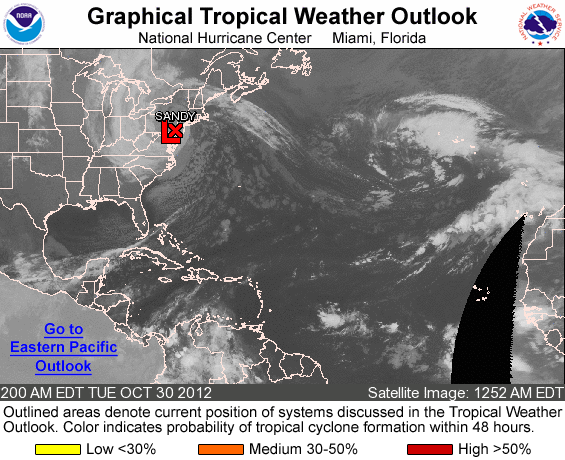
FOR THE NORTH ATLANTIC...CARIBBEAN SEA AND THE GULF OF MEXICO...

THE NATIONAL HURRICANE CENTER HAS ISSUED ITS LAST ADVISORY ON POST-TROPICAL CYCLONE SANDY...NOW LOCATED JUST SOUTH OF LANCASTER PENNSYLVANIA. THE HYDROMETEOROLOGICAL PREDICTION CENTER...HPC... WILL BEGIN ISSUING PUBLIC ADVISORIES ON SANDY AT 500 AM EDT TODAY. HPC PUBLIC ADVISORIES WILL BE ISSUED UNDER THE SAME WMO AND AWIPS HEADERS AS THE NHC PUBLIC ADVISORIES...AND WILL ALSO BE AVAILABLE VIA THE NHC WEBSITE.

ELSEWHERE...TROPICAL STORM FORMATION IS NOT EXPECTED DURING THE NEXT 48 HOURS.

FORECASTER PASCH